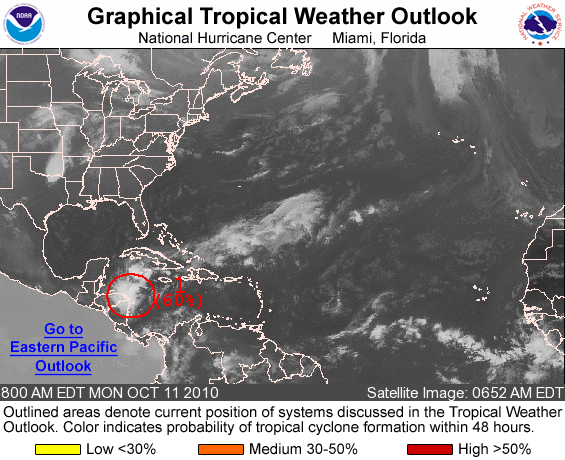
FOR THE NORTH ATLANTIC...CARIBBEAN SEA AND THE GULF OF MEXICO...

1. SHOWERS AND THUNDERSTORMS HAVE BECOME A LITTLE BETTER ORGANIZED IN ASSOCIATION WITH AN AREA OF LOW PRESSURE LOCATED ABOUT 60 MILES SOUTHEAST OF THE NICARAGUA/HONDURAS BORDER. CONDITIONS APPEAR CONDUCIVE FOR ADDITIONAL DEVELOPMENT DURING THE NEXT DAY OR TWO... AND A TROPICAL DEPRESSION COULD FORM AS THIS SYSTEMS MOVES WEST-NORTHWESTWARD TO NORTHWESTWARD AT AROUND 10 MPH. THERE IS A HIGH CHANCE...60 PERCENT...OF THIS SYSTEM BECOMING A TROPICAL CYCLONE DURING THE NEXT 48 HOURS. REGARDLESS OF DEVELOPMENT...HEAVY RAINFALL IS POSSIBLE OVER PORTIONS OF NICARAGUA AND HONDURAS DURING THE NEXT COUPLE OF DAYS.

ELSEWHERE...TROPICAL CYCLONE FORMATION IS NOT EXPECTED DURING THE NEXT 48 HOURS.

FORECASTER BRENNAN